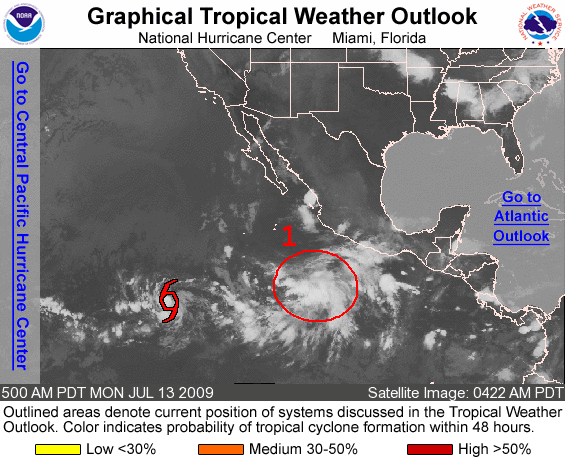
FOR THE EASTERN NORTH PACIFIC...EAST OF 140 DEGREES WEST LONGITUDE..

THE NATIONAL HURRICANE CENTER IS ISSUING ADVISORIES ON TROPICAL STORM CARLOS...LOCATED ABOUT 1285 MILES SOUTHWEST OF THE SOUTHERN TIP OF BAJA CALIFORNIA.

1. SHOWER AND THUNDERSTORM ACTIVITY HAS INCREASED IN ASSOCIATION WITH A BROAD AREA OF LOW PRESSURE LOCATED SEVERAL HUNDRED MILES SOUTH- SOUTHWEST OF MANZANILLO MEXICO. CONDITIONS APPEAR FAVORABLE FOR FURTHER DEVELOPMENT OF THIS SYSTEM...AND A TROPICAL DEPRESSION COULD FORM OVER THE NEXT DAY OR TWO AS THE LOW MOVES WEST OR WEST- NORTHWESTWARD AT 10 TO 15 MPH. THERE IS A HIGH CHANCE...GREATER THAN 50 PERCENT...OF THIS SYSTEM BECOMING A TROPICAL CYCLONE DURING THE NEXT 48 HOURS.

ELSEWHERE...TROPICAL CYCLONE FORMATION IS NOT EXPECTED DURING THE NEXT 48 HOURS.

FORECASTER BERG